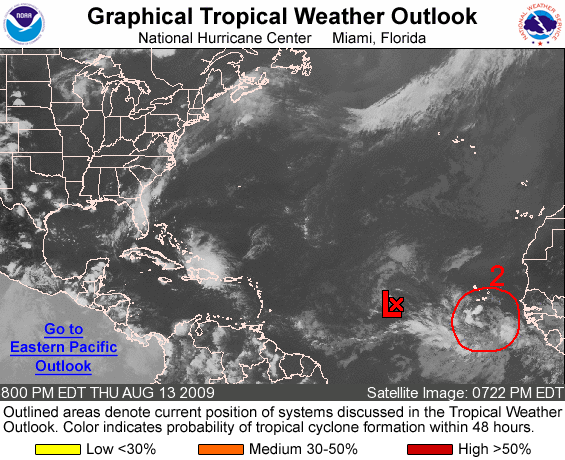
FOR THE NORTH ATLANTIC...CARIBBEAN SEA AND THE GULF OF MEXICO...

1. THE REMNANT LOW ASSOCIATED WITH FORMER TROPICAL DEPRESSION TWO IS LOCATED 1385 MILES EAST OF THE LESSER ANTILLES AND IS MOVING WESTWARD ABOUT 10 MPH. THIS SYSTEM IS ACCOMPANIED BY A FEW SHOWERS AND REGENERATION INTO A TROPICAL CYCLONE...IF AT ALL...WILL BE SLOW TO OCCUR. THERE IS A LOW CHANCE...LESS THAN 30 PERCENT...OF THIS SYSTEM BECOMING A TROPICAL CYCLONE DURING THE NEXT 48 HOURS.

2. A BROAD AREA OF LOW PRESSURE ACCOMPANIED BY SHOWERS AND THUNDERSTORMS IS CENTERED ABOUT 200 MILES SOUTH OF THE CAPE VERDE ISLANDS. ALTHOUGH THERE HAS BEEN LITTLE CHANGE IN ORGANIZATION DURING THE PAST SEVERAL HOURS...THIS SYSTEM HAS THE POTENTIAL TO BECOME A TROPICAL DEPRESSION DURING THE NEXT DAY OR TWO AS IT MOVES WESTWARD AT 10 TO 15 MPH. THERE IS A HIGH CHANCE...GREATER THAN 50 PERCENT...OF THIS SYSTEM BECOMING A TROPICAL CYCLONE DURING THE NEXT 48 HOURS.

3. A LARGE AREA OF CLOUDINESS AND SHOWERS OVER HISPANIOLA...THE TURKS AND CAICOS ISLANDS...AND THE SOUTHEASTERN BAHAMAS IS ASSOCIATED WITH A TROPICAL WAVE INTERACTING WITH AN UPPER LOW. THIS ACTIVITY IS EXPECTED TO SPREAD SLOWLY WEST OR WEST-NORTHWESTWARD DURING THE NEXT DAY OR TWO. SURFACE PRESSURES ARE NOT FALLING AND UPPER-LEVEL WINDS ARE NOT FAVORABLE FOR SIGNIFICANT DEVELOPMENT. THERE IS A LOW CHANCE...LESS THAN 30 PERCENT...OF THIS SYSTEM BECOMING A TROPICAL CYCLONE DURING THE NEXT 48 HOURS.

ELSEWHERE...TROPICAL CYCLONE FORMATION IS NOT EXPECTED DURING THE NEXT 48 HOURS.

FORECASTER AVILA